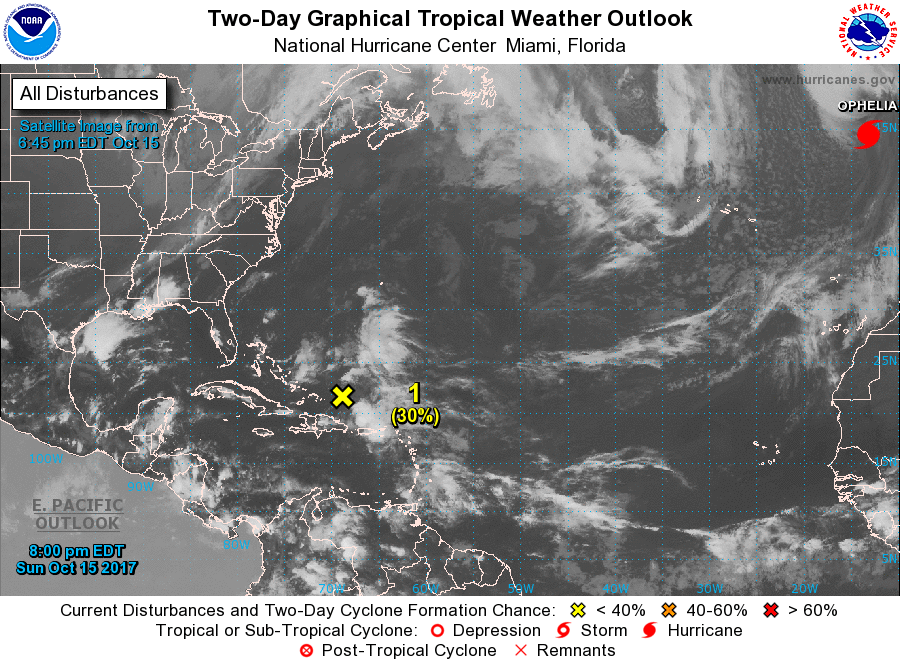
For the North Atlantic...Caribbean Sea and the Gulf of Mexico:

The National Hurricane Center is issuing advisories on Hurricane Ophelia, located over the far eastern Atlantic Ocean a few hundred miles south-southwest of Ireland.

1. A large area of showers and thunderstorms located over the southwestern Atlantic Ocean between Puerto Rico and Bermuda is associated with a broad area of low pressure, which is centered about 150 miles east-northeast of the Turks and Caicos Islands. Any development of this low while it moves generally northward over the western Atlantic during the next day or so is expected to be slow to occur due to strong upper-level winds, and the system is likely to merge with a front and become extratropical in a couple of days.
* Formation chance through 48 hours...low...30 percent.
* Formation chance through 5 days...medium...40 percent.

Forecaster Berg